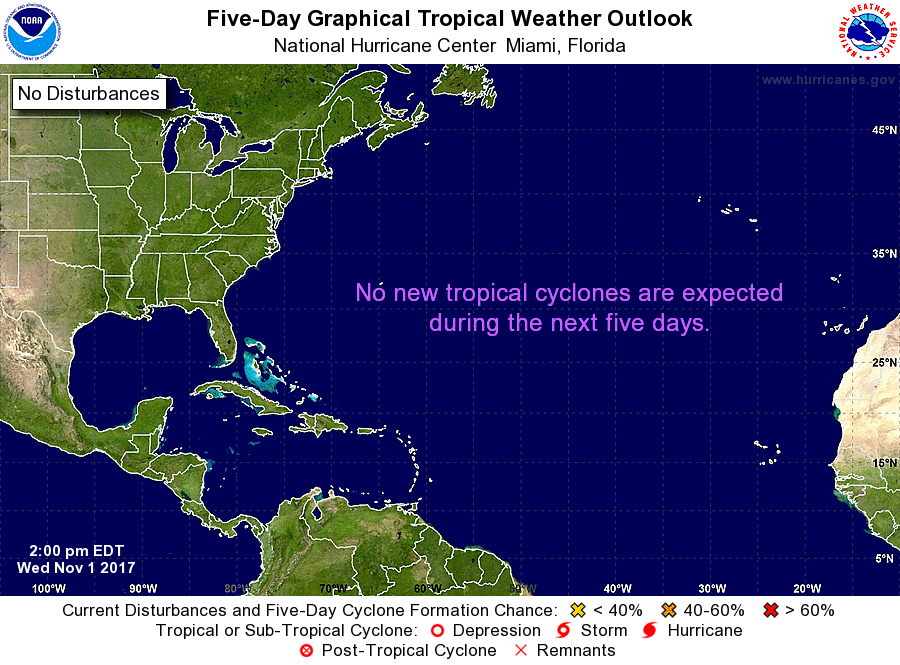
For the North Atlantic...Caribbean Sea and the Gulf of Mexico:

Tropical cyclone formation is not expected during the next 5 days.

Forecaster Berg